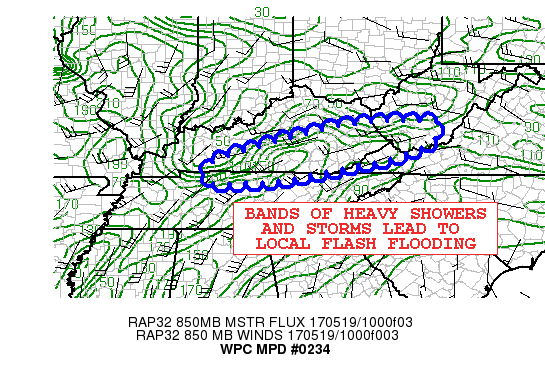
AREAS AFFECTED......NORTHERN TN TO SOUTHEAST KY...SOUTHERN WV AND
SOUTHWEST VA...

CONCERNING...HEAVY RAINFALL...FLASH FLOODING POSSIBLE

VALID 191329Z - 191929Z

SUMMARY...BANDS OF SHOWERS AND STORMS REFORMING OVER A SIMILAR
AXIS RESULT IN POTENTIAL FOR ISOLATED HEAVY RAIN AND FLASH
FLOODING.

DISCUSSION...CLUSTER OF SHOWERS AND STORMS CONTINUE TO FORM WITHIN
CONFLUENT LOW LEVEL FLOW WITH THE 12Z UPPER AIR OBS SHOWING AN
ENHANCED MOISTURE AXIS WITH THE NASHVILLE 12Z SOUNDING SHOWING 1.6
INCHES OF PRECIPITABLE WATER FEEDING INTO THE AREA OF
SHOWERS/STORMS.

THE SPC MESOANALYSIS SHOWS SHOWERS/STORMS FORMING WITHIN AN AREA
DEFINED BY A 300 MB DIVERGENCE MAXIMA AND BOUNDARY LAYER MOISTURE
CONVERGENCE.  WITH THE AFOREMENTIONED HIGHER MOISTURE AVAILABLE
AND 850-700 MB MOISTURE TRANSPORT CONTINUING OVER THE NEXT SEVERAL
HOURS...ADDITIONAL SHOWERS AND STORMS ARE EXPECTED.  WHILE THE
MODELS ARE NOT SHOWING PARTICULARLY HIGH RAINFALL SUCH AS THE RAP
INDICATING 1.5-2 INCHES OF RAIN WITHIN THE REGION...LOCAL TRAINING
IS LIKELY TO LEAD TO HIGHER AMOUNTS.

FLOODING HAS BEEN REPORTED IN ACTIVITY IN NORTH CENTRAL TN WITH
ADDITIONAL LOCAL FLOODING POSSIBLE HERE AND DOWNSTREAM INTO
SOUTHEAST KY...SOUTHERN WV...AND SOUTHWEST VA AS THE 850 MB JET
AND PRECIPITABLE WATER AXIS FUELS MORE SHOWER/STORM DEVELOP WITHIN
THE LOW LEVEL CONVERGENCE AXIS IN THE AREA.

ADDITIONAL CLUSTERS OF 1-3 INCHES OF RAIN ARE EXPECTED AND JACKSON
KY RADAR ALREADY SHOWS AREAS OF 1-3 INCHES OF RAIN THAT HAS
OCCURRED...SO WHERE THESE ADDITIONAL RAINS REPEAT OVER THESE
AREAS...ADDITIONAL FLOODING PROBLEMS MAY DEVELOP.
THE HEAVIEST OF THE MODEL GUIDANCE IS THE CANADIAN REGIONAL GEM
WITH 2-3 INCHES IN PORTIONS OF SOUTHEAST KY. THE 11Z VERSION OF
THE HIGH RES RAPID REFRESH INDICATES AN ISOLATED MAX OF 3 INCHES
IN SOUTH CENTRAL KY NORTH OF THE TN BORDER.  IN SPITE OF THE LOW
QPF IN THE RAP...PERSISTING 300 MB DIVERGENCE IN THE AXIS OF THE
LOW LEVEL JET AND MOISTURE PLUME LOOKS FAVORABLE FOR CONTINUING
SHOWERS/STORMS.